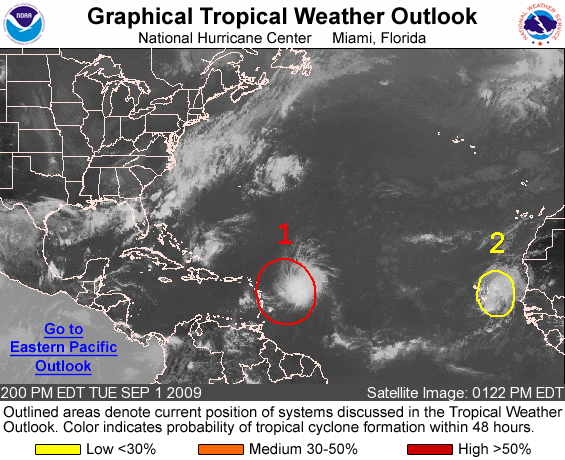
FOR THE NORTH ATLANTIC...CARIBBEAN SEA AND THE GULF OF MEXICO...

1. SATELLITE IMAGES INDICATE THAT A LOW PRESSURE AREA LOCATED ABOUT 260 MILES EAST OF THE LEEWARD ISLANDS COULD BE DEVELOPING A WELL-DEFINED SURFACE CENTER. AN AIR FORCE RESERVE RECONNAISSANCE AIRCRAFT IS CURRENTLY INVESTIGATING THE SYSTEM TO SEE IF A TROPICAL CYCLONE HAS FORMED. THIS SYSTEM COULD BECOME A TROPICAL DEPRESSION OR...MORE LIKELY...A TROPICAL STORM AT ANY TIME OVER THE NEXT COUPLE OF DAYS AS IT MOVES WEST-NORTHWESTWARD AT AROUND 10 MPH. THERE IS A HIGH CHANCE... GREATER THAN 50 PERCENT...OF TROPICAL CYCLONE FORMATION IN THIS AREA DURING THE NEXT 48 HOURS. INTERESTS IN THE NORTHERN LEEWARD ISLANDS...THE U.S. AND BRITISH VIRGIN ISLANDS...AND PUERTO RICO SHOULD MONITOR THE PROGRESS OF THIS SYSTEM. TROPICAL STORM WATCHES OR WARNINGS COULD BE REQUIRED FOR A PORTION OF THOSE AREAS THIS AFTERNOON.

2. A TROPICAL WAVE OVER THE FAR EASTERN ATLANTIC OCEAN JUST EAST OF THE CAPE VERDE ISLANDS CONTINUES TO SHOW SOME SIGNS OF ORGANIZATION. DEVELOPMENT...IF ANY...OF THIS SYSTEM IS EXPECTED TO BE SLOW TO OCCUR AS THE SYSTEM MOVES TO THE WEST OR WEST-NORTHWEST AT 10 TO 15 MPH. THERE IS A LOW CHANCE...LESS THAN 30 PERCENT...OF THIS SYSTEM BECOMING A TROPICAL CYCLONE DURING THE NEXT 48 HOURS.

ELSEWHERE...TROPICAL CYCLONE FORMATION IS NOT EXPECTED DURING THE NEXT 48 HOURS.

FORECASTER BLAKE